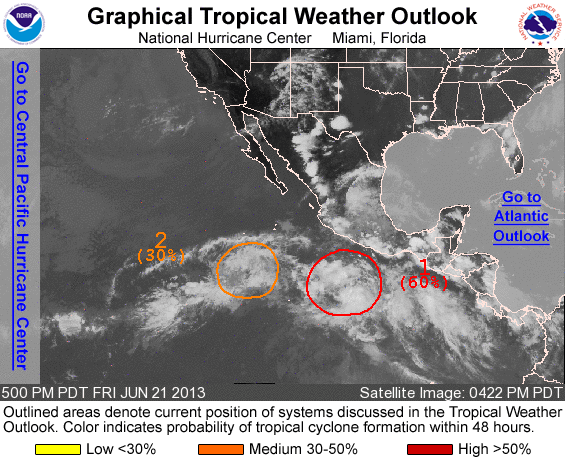
FOR THE EASTERN NORTH PACIFIC...EAST OF 140 DEGREES WEST LONGITUDE..

1. SHOWERS AND THUNDERSTORMS ASSOCIATED WITH AN AREA OF LOW PRESSURE LOCATED ABOUT 375 MILES SOUTH-SOUTHWEST OF ACAPULCO MEXICO ARE GRADUALLY BECOMING BETTER ORGANIZED. UPPER-LEVEL WINDS ARE FORECAST TO BECOME CONDUCIVE FOR ADDITIONAL DEVELOPMENT OVER THE WEEKEND...AND A TROPICAL DEPRESSION COULD FORM DURING THE NEXT COUPLE OF DAYS AS THE SYSTEM MOVES WEST-NORTHWESTWARD AT ABOUT 10 MPH. THIS SYSTEM HAS A HIGH CHANCE...60 PERCENT...OF BECOMING A TROPICAL CYCLONE DURING THE NEXT 48 HOURS.

2. AN ELONGATED AREA OF LOW PRESSURE CENTERED ABOUT 750 MILES SOUTH-SOUTHWEST OF THE SOUTHERN TIP OF BAJA CALIFORNIA IS PRODUCING A LARGE AREA OF CLOUDINESS AND SHOWERS. SLOW DEVELOPMENT OF THIS LOW IS POSSIBLE WHILE IT MOVES TO THE NORTHWEST OR NORTH AT 5 TO 10 MPH. THIS SYSTEM HAS A MEDIUM CHANCE...30 PERCENT...OF BECOMING A TROPICAL CYCLONE DURING THE NEXT 48 HOURS.

ELSEWHERE...TROPICAL CYCLONE FORMATION IS NOT EXPECTED DURING THE NEXT 48 HOURS.

FORECASTER BEVEN